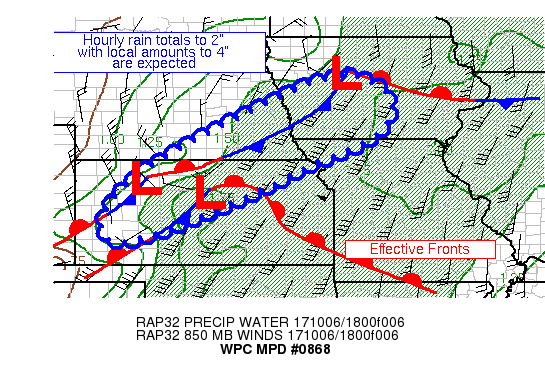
AREAS AFFECTED...CENTRAL PLAINS/LOWER MO VALLEY

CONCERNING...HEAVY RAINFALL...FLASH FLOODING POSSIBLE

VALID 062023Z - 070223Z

SUMMARY...THUNDERSTORMS ARE EXPECTED TO EXPAND IN COVERAGE NEAR
SURFACE BOUNDARIES ACROSS THE REGION.  HOURLY RAIN TOTALS TO 2"
WITH LOCAL AMOUNTS TO 4" ARE EXPECTED.

DISCUSSION...A SHORTWAVE MOVING THROUGH WESTERN NE AND EASTERN CO
HAS LED TO THUNDERSTORMS FORMING ACROSS THE HIGH PLAINS A COUPLE
HOURS AHEAD OF SCHEDULE WHEN COMPARED TO RECENT RAP RUNS.
PRECIPITABLE WATER VALUES OF ~1.75" EXIST HERE.  INFLOW AT 850 HPA
IS SOUTHWEST AT 30-40 KTS PER VAD WIND PROFILES, NEAR THE
MAGNITUDE OF THE 850-400 HPA WIND.  THE LOW LEVEL WIND IS
IMPORTING ML CAPE VALUES OF 500-2000 J/KG INTO THE REGION.  RECENT
RADAR IMAGERY SHOWS THE SHARPENING OF A FINE LINE BETWEEN
MCCRACKEN AND DIGHTON KS WHICH SHOULD BECOME A FOCUS FOR
CONVECTIVE INITIATION SHORTLY.  NEW SHOWERS AND THUNDERSTORMS HAVE
FORMED DOWNSTREAM ALONG THIS BOUNDARY FROM RUSSEL TOWARD BELOIT
AND GLASCO KS.

EFFECTIVE BULK SHEAR OF 40-50 KTS EXISTS HERE, WHICH ALONG WITH
NEARLY UNIDIRECTIONAL FLOW WITH HEIGHT SHOULD ALLOW FOR THE
FORMATION OF TRAINING CONVECTIVE BANDS IN THE NEAR FUTURE.  THE
DEGREE OF BULK SHEAR SUPPORTS MESOCYCLONE FORMATION, WHICH COULD
LEAD TO HIGHLY EFFICIENT RAIN RATES/TOTALS.  THE MOST LIKELY
LOCATION FOR ISSUES WOULD BE ON THE NORTHERN PERIPHERY OF THE
INSTABILITY POOL AND NORTHWEST OF THE 9C ISOTHERM AT 700 HPA WHICH
SHOULD ACT AS THE EFFECTIVE CAP FOR BROADER CONVECTIVE COVERAGE.
HOURLY RAIN TOTALS UP TO 2" ARE EXPECTED, WITH LOCAL AMOUNTS UP TO
4" FORECAST BY THE AVAILABLE MESOSCALE GUIDANCE.  THESE AMOUNTS
WOULD EXCEED THE RELATIVELY LOW FLASH FLOOD GUIDANCE VALUES ACROSS
THE REGION.  THE BEST MODELS PLACEMENT-WISE APPEAR TO BE THE 12Z
WRF NSSL AND 18Z RAP BASED UPON THE LOCATION OF THE CURRENT
SURFACE BOUNDARIES AND THEIR EXPECTED LOCATIONS OVER THE NEXT
SEVERAL HOURS.